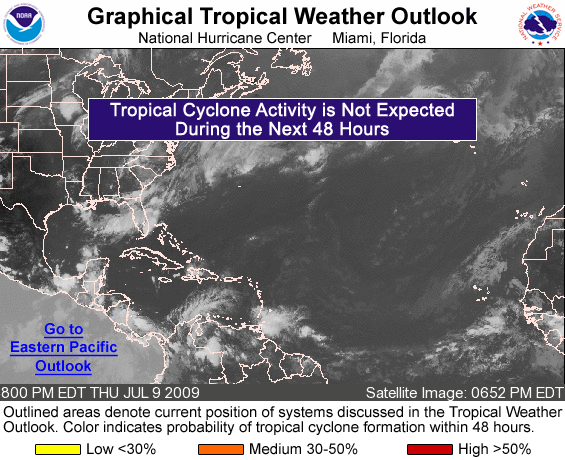
FOR THE NORTH ATLANTIC...CARIBBEAN SEA AND THE GULF OF MEXICO...

TROPICAL CYCLONE FORMATION IS NOT EXPECTED DURING THE NEXT 48 HOURS.

FORECASTER PASCH